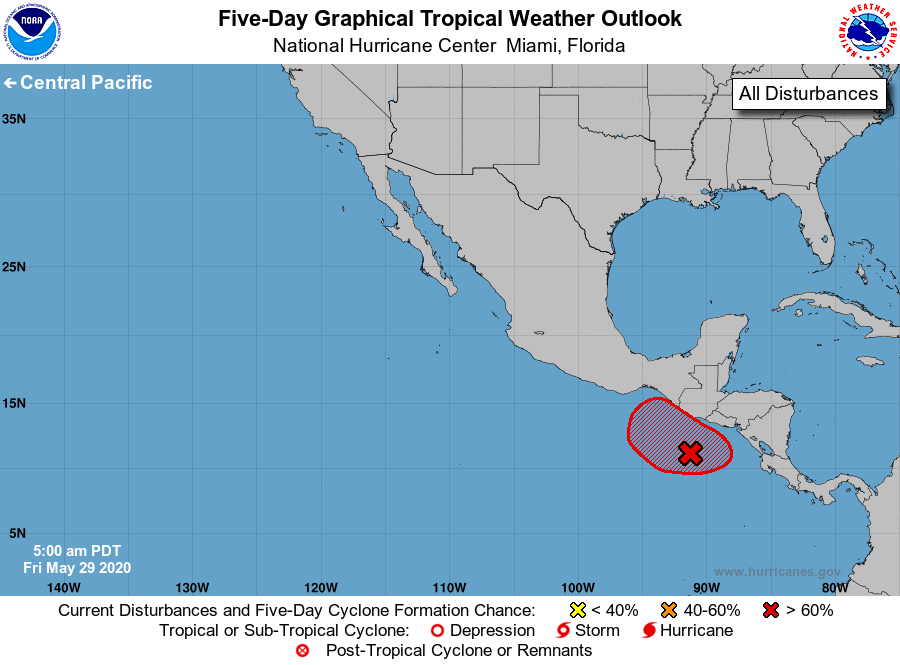
For the eastern North Pacific...east of 140 degrees west longitude:

1. A trough of low pressure located a couple of hundred miles south of the coasts of Central America and southern Mexico continues to produce disorganized showers and thunderstorms. Although this system remains poorly organized, environmental conditions appear conducive for gradual development and a tropical depression could form this weekend. This disturbance is expected to move slowly northward toward Central America and southern Mexico during the next couple of days.

Regardless of development, this system is expected to produce heavy rainfall over portions of Central America and southern Mexico this weekend and early next week. These rains could cause life-threatening flash floods and mudslides, especially in areas of mountainous terrain. See products from your local weather office for additional information.
* Formation chance through 48 hours...medium...50 percent.
* Formation chance through 5 days...high...70 percent.

Forecaster Latto